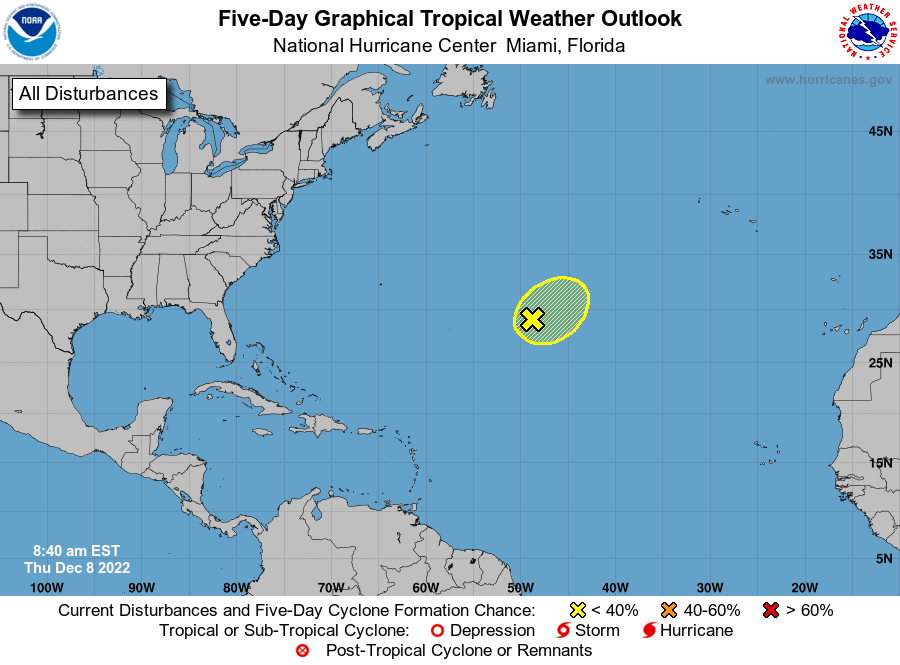
For the North Atlantic...Caribbean Sea and the Gulf of Mexico:

Special Tropical Weather Outlook issued to discuss the potential for subtropical development over the central Atlantic.

Central Subtropical Atlantic:

1. A non-tropical low pressure area located about 925 miles east-southeast of Bermuda continues to produce an extensive area of showers and thunderstorms. However, the system remains embedded within a frontal zone, which is expected to become even more pronounced later today as the low begins to move east-northeastward at 20 to 25 mph toward colder waters and interacts with a mid-latitude trough. Therefore, it is unlikely that the low will transition to a subtropical or tropical cyclone. Nevertheless, significant non-tropical development of this low is expected during the next couple of days, and additional information, including hurricane-force wind warnings, can be found in High Seas Forecasts issued by the National Weather Service.

1. This will be the last Special Tropical Weather Outlook issued on this system. Regularly scheduled Tropical Weather Outlooks will resume on May 15, 2023, while Special Tropical Weather Outlooks will be issued as necessary during the off-season.
* Formation chance through 48 hours...low...10 percent.
* Formation chance through 5 days...low...10 percent.

High Seas Forecasts issued by the National Weather Service can be found under AWIPS header NFDHSFAT1, WMO header FZNT01 KWBC, and online at ocean.weather.gov/shtml/NFDHSFAT1.php

Forecaster Brown